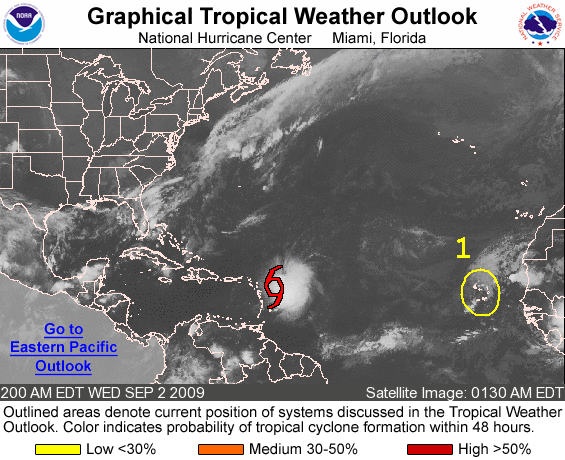
FOR THE NORTH ATLANTIC...CARIBBEAN SEA AND THE GULF OF MEXICO...

THE NATIONAL HURRICANE CENTER IS ISSUING ADVISORIES ON TROPICAL STORM ERIKA LOCATED ABOUT 200 MILES EAST OF THE NORTHERN LEEWARD ISLANDS.

1. THUNDERSTORMS ASSOCIATED WITH A TROPICAL WAVE NEAR THE CAPE VERDE ISLANDS HAVE DECREASED. DEVELOPMENT...IF ANY...OF THIS SYSTEM IS EXPECTED TO BE SLOW TO OCCUR AS IT MOVES TOWARD THE WEST OR WEST-NORTHWEST AT 10 TO 15 MPH. THERE IS A LOW CHANCE...LESS THAN 30 PERCENT...OF THIS SYSTEM BECOMING A TROPICAL CYCLONE DURING THE NEXT 48 HOURS.

ELSEWHERE...TROPICAL CYCLONE FORMATION IS NOT EXPECTED DURING THE NEXT 48 HOURS.

PUBLIC ADVISORIES ON ERIKA ARE ISSUED UNDER WMO HEADER WTNT31 KNHC AND UNDER AWIPS HEADER MIATCPAT1. FORECAST/ADVISORIES ARE ISSUED UNDER WMO HEADER WTNT21 KNHC AND UNDER AWIPS HEADER MIATCMAT1.

FORECASTER PASCH